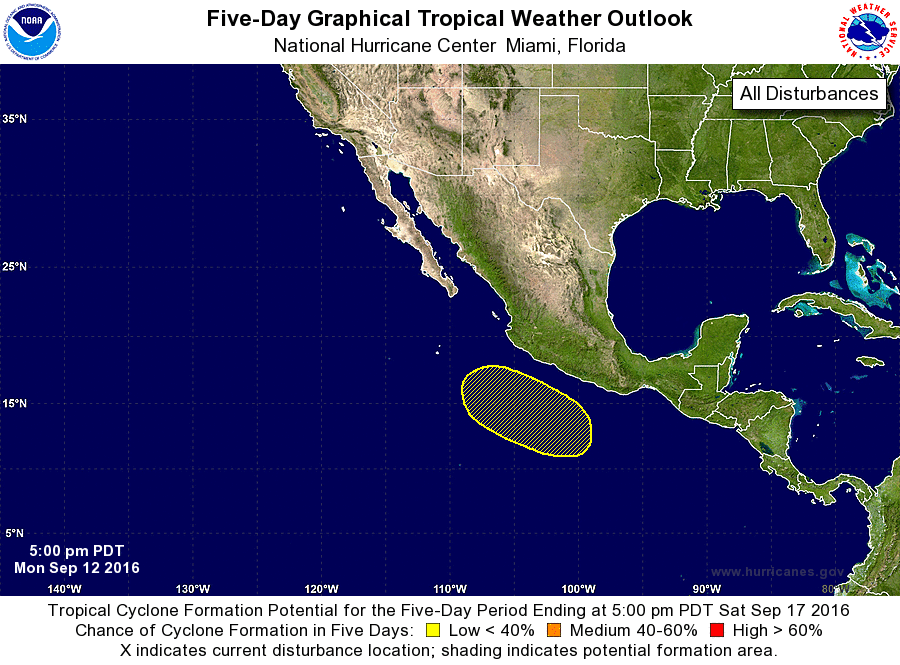
For the eastern North Pacific...east of 140 degrees west longitude:

The National Hurricane Center is issuing advisories on Hurricane Orlene, located several hundred miles west-southwest of the southern tip of the Baja California peninsula.

1. An area of low pressure is expected to form late this week or this weekend several hundred miles south or south-southwest of the southwestern coast of Mexico. Slow development of this system is possible after that time while the low moves generally west- northwestward.
*Formation chance through 48 hours...low...near 0 percent
*Formation chance through 5 days...low...30 percent

Forecaster Kimberlain